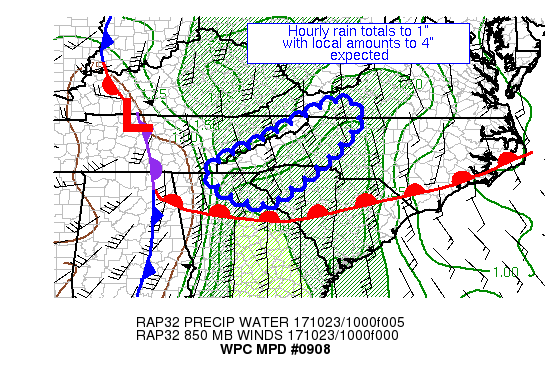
AREAS AFFECTED...SOUTHERN APPALACHIANS

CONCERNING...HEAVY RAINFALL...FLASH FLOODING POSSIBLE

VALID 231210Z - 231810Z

SUMMARY...MODERATE TO HEAVY RAIN IS EXPECTED ACROSS THE SOUTHERN
APPALACHIANS OVER THE NEXT SEVERAL HOURS.  HOURLY TOTALS UP TO 1"
WITH LOCAL AMOUNTS TO 4" ARE EXPECTED.

DISCUSSION...AN AREA OF RAIN WITH EMBEDDED THUNDERSTORMS IS MOVING
INTO THE PIEDMONT OF THE SOUTHERN APPALACHIANS AHEAD OF A
NEGATIVELY TILTED SHORTWAVE TROUGH.  SATELLITE IMAGERY HAS SHOWN
COOLING CLOUD TOPS IN THIS REGION AS OF LATE.  THIS IS ESSENTIALLY
AN ATMOSPHERIC RIVER PATTERN, ENHANCED COMPARED TO THE PACIFIC
NORTHWEST AS EMBEDDED PRECIPITABLE WATER VALUES OF 1.9-2" CLOSE TO
SEA LEVEL PER GPS DATA.  MU CAPE VALUES IN THE AREA ARE 100-500
J/KG PER SPC MESOANALYSES.  INFLOW AT 850 HPA IS 25-40 KTS PER VAD
WIND PROFILES, NEAR THE MAGNITUDE OF THE MEAN 850-400 HPA WIND.
EFFECTIVE BULK SHEAR NEAR THE NORTHERN BORDER OF GA/SC IS 25-40
KTS.

THE RAP GUIDANCE SHOWS SOME SLIGHT REDUCTION IN THE MU CAPE ACROSS
THE REGION OVER THE NEXT SEVERAL HOURS AS LOW-LEVEL INFLOW
INCREASES, BUT SPC MESOANALYSES SHOW A SLIGHT UPWARD TREND AS OF
LATE, CASTING DOUBT ON THE RAP.  EVEN WITH 100-200 J/KG MU CAPE,
HOURLY RAIN TOTALS TO 1" ARE EXPECTED.  THE MESOSCALE GUIDANCE HAS
A GOOD SIGNAL FOR LOCAL AMOUNTS IN THE 4" RANGE THROUGH 18Z, WHICH
COULD OCCUR EVENLY UNTIL LATE IN THE PERIOD (AFTER 15Z) WHEN
INSTABILITY REDEVELOPS UPSTREAM IN SC AND CONVECTION COULD BECOME
MORE WIDESPREAD.  THIS COULD CAUSE LONGER DURATION HEAVY
RAIN-RELATED ISSUES IN URBAN AREAS AND WITHIN RUGGED TERRAIN.